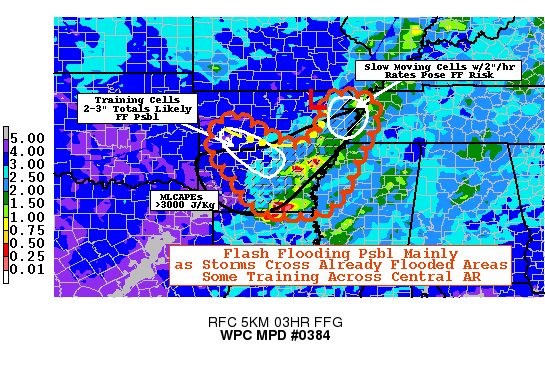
AREAS AFFECTED...CENTRAL & EASTERN AR...EXT WESTERN TN...EXT
NORTHWEST MS

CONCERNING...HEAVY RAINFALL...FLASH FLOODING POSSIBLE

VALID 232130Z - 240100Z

SUMMARY...QUICK HITTING CONVECTION WITH RATES UP TO 2"/HR TO CROSS
COMPROMISED GROUND CONDITIONS AND FURTHER COMPOUND ONGOING
FLOODING CONDITIONS CAUSED BY TROPICAL CYCLONE CINDY.

DISCUSSION...MATURE MCS IS ADVANCING SE FAIRLY RAPIDLY INTO DEEP
WELL OF INSTABILITY (MLCAPE 3000+ J/KG) OVER CENTRAL AR AND AREAS
OF E AR WHERE MIDDAY CLEARING ALLOWED FOR REGENERATION OF
INSTABILITY IN WAKE OF FORMER TD CINDY.  THE MATURE MCS SHOWS
CLASSIC SIGNATURE OF LARGE BOWING SEGMENT ACROSS N CENTRAL AR THAT
SHOWS THE OUTFLOW IS RAPIDLY OUTRUNNING UPPER LEVEL/LEADING TO
HIGHLY SLANTED CONVECTION/WEAKENING THE UPDRAFTS FOR EFFICIENT
RAINFALL PRODUCTION.  THIS LINE NORTHEAST OF I-40 (WEST OF LIT)
CONWAY/FAULKNER AND NORTHEAST TO JACKSON/W POINSETT/CROSS COUNTIES
WILL LIKELY NOT BE A CONCERN FOR FLASH FLOODING DUE TO THIS
OUTFLOW.  FURTHER NORTH NEAR THE MESO-LOW IN GREENE TO CRAIGHEAD
COUNTIES ARE A BIT MORE ROBUST WITH SLOWER OUTFLOW SUPPORTING
BETTER CONVERGENCE IN ADVANCE WITH LESS SHEARED UPDRAFTS WILL BE
MUCH MORE CAPABLE OF RATES UP TO 2"/HR BASED ON RESIDUAL HIGHLY
SATURATED/EVAPORATED LOW LEVEL MOISTURE.  FFG VALUES <1.5"/3HRS IN
COUNTIES ALONG THE MISSISSIPPI RIVER FROM THE MO BOOTHEEL TO JUST
NORTH OF MEMPHIS WILL HAVE A FLASH FLOOD RISK ASSOCIATED WITH
THESE STRONGER CELLS.

ACROSS CENTRAL AR INTO SE AR LATER TONIGHT...ON THE ANTICYCLONIC
SIDE OF THE OUTFLOW JET ORIENTATION OF THE CONVECTION LINE HAS
BECOME A BIT BETTER ORIENTED TO THE MEAN CELL MOTIONS TO THE SE TO
BEGIN TO SUPPORT SOME LOCALIZED TRAINING.  GOES-E VIS LOOP ALSO
DENOTES A MINI-CYCLONIC FEATURE AT THE BOUNDARY LAYER INTERFACE
THAT WOULD SUPPORT WEAKENED NORTHERLY COMPONENTS TO THE WIND TO
HAVE STORM RELATIVE INFLOW SUPPORTING ISENTROPIC ASCENT OVER THE
WEAK SW OUTFLOW BOUNDARY FURTHER ENHANCING MST FLUX AND RAINFALL
EFFICIENCY ALONG THE TRAINING CORRIDOR FOR THE NEXT FEW
HOURS...MAINLY NEAR/ALONG I-40 WEST OF LITTLE ROCK TOWARD LITTLE
ROCK.  AS SUCH A SWATH OF 2-3" WITH POSSIBLE LOCALIZED 4" TOTALS
WOULD NEAR THE HIGHER FFG VALUES IN THE VICINITY MAKING FLASH
FLOODING POSSIBLE.  TOWARD SUNSET (00-01Z) WHEN INSTABILITY WILL
BE REDUCING FAIRLY QUICKLY WITH THE LOSS OF DAYTIME HEATING TO
MAINTAIN STRONGER UPDRAFTS.  HOWEVER CELLS WILL BE APPROACHING THE
COMPROMISED/ONGOING FLOODED REGIONS OF SE AR/NE LA AND WEAKER
THUNDERSTORMS WITH ADDITIONAL 1-1.5" TOTALS WOULD BE EFFECTIVE IN
REAGGRAVATING FLASH FLOODING.